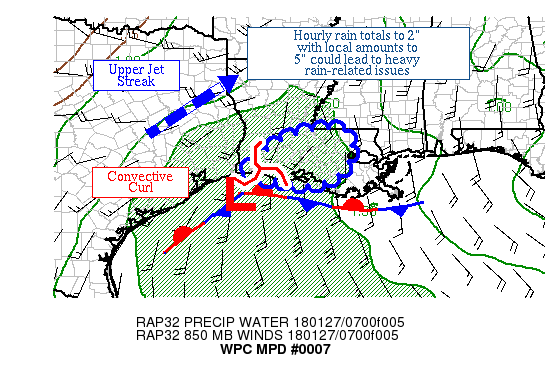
AREAS AFFECTED...PORTIONS OF SOUTHERN LA

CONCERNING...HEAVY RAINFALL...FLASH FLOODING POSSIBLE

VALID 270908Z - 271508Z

SUMMARY...TRAINING CONVECTION COULD LEAD TO HOURLY RAIN TOTALS TO
2" WITH LOCAL AMOUNTS TO 5" THROUGH 15Z.

DISCUSSION...A MESOSCALE CIRCULATION WHICH ORIGINATED OFFSHORE THE
TX COAST ALONG A THERMAL GRADIENT HAS MOVED ASHORE SOUTHWEST LA
LEADING TO HEAVY RAINFALL ACROSS WESTERN CAMERON PARISH. THIS IS
OCCURRING SOUTHEAST OF A SHORTWAVE AND ASSOCIATED JET STREAK
MOVING THROUGH EASTERN TX.  GOES-16 IMAGERY REVEALS SOME
BROADENING OF THE COLD CLOUD TOPS ASSOCIATED WITH THIS ORGANIZED
CONVECTION.  PRECIPITABLE WATER VALUES OF 1.4-1.6" EXIST HERE PER
GPS VALUES.

MUCAPE VALUES OF 500-1000 J/KG EXIST HERE PER SPC MESOANALYSES,
WHICH IS SUFFICIENT FOR ISSUES WITHIN A SATURATING ATMOSPHERE.
INFLOW AT 850 HPA IS BECOMING CONVERGENT ACROSS WESTERN LA, WITH
THE FLOW BECOMING INCREASINGLY UNIDIRECTIONAL WITH HEIGHT.  AS THE
SHORTWAVE MOVES MORE TO THE NORTH OF THIS REGION, DIVERGENCE ALOFT
SHOULD MAXIMIZE IN THE NEXT FEW HOURS.

THE MESOSCALE GUIDANCE SHOWS LOCAL AMOUNTS UP TO 5", WHICH IS
POSSIBLE SHOULD CONVECTIVE COVERAGE CONTINUE TO INCREASE (WHICH IS
FORECAST) AND LEAD TO MORE INSTANCES OF ROUGHLY WEST TO EAST CELL
TRAINING AS ACTIVITY ATTEMPTS TO MOVE PARALLEL TO THE MUCAPE
GRADIENT.  SO FAR, THE MESOSCALE GUIDANCE RAIN PATTERNS APPEAR TOO
FAR NORTHWEST AND THEIR CONVECTIVE EVOLUTION IS A FEW HOURS
DELAYED.  THIS MEANS THAT DESPITE THE SIGNAL OF 50% EXCEEDANCE OF
THE THREE HOURLY FLASH FLOOD GUIDANCE DURING THE 13-16Z PERIOD, IT
COULD OCCUR A FEW HOURS SOONER.  HOURLY RAIN TOTALS TO 2" SHOULD
REMAIN POSSIBLE.  DESPITE RECENT DRYNESS, THESE TOTALS COULD LEAD
TO FLASH FLOODING ACROSS PORTIONS OF SOUTHERN LA, PARTICULARLY IN
URBAN AREAS.